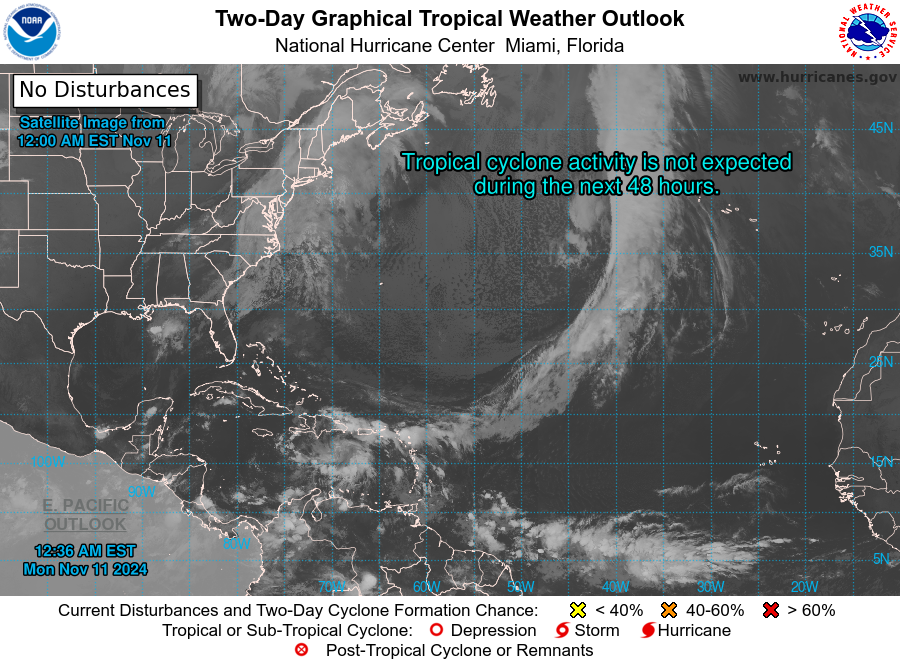
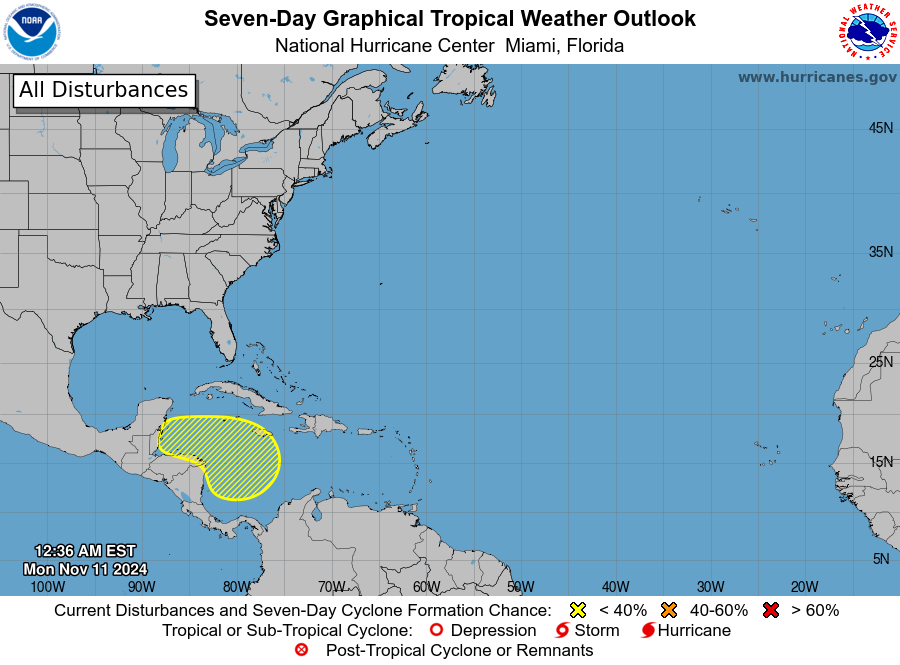
For the North Atlantic...Caribbean Sea and the Gulf of Mexico:

1. Southwestern Caribbean Sea: A broad area of low pressure will likely form over the southwestern Caribbean Sea in a few days. Some slow development is possible late this week while the system drifts westward.
* Formation chance through 48 hours...low...near 0 percent.
* Formation chance through 7 days...low...30 percent.

Forecaster Blake